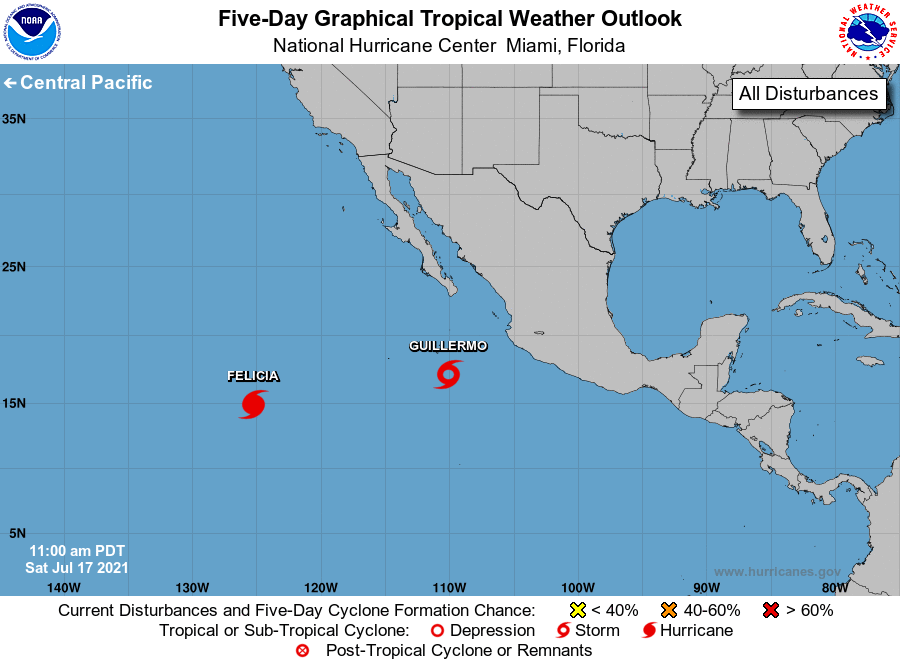
For the eastern North Pacific...east of 140 degrees west longitude:

The National Hurricane Center is issuing advisories on Hurricane Felicia, located more than 1100 miles west-southwest of the southern tip of the Baja California peninsula, and on newly formed Tropical Depression Seven-E, located about 400 miles south of the southern tip of the Baja California peninsula.

Tropical cyclone formation is not expected during the next 5 days.

&&
Public Advisories on Tropical Depression Seven-E are issued under WMO header WTPZ32 KNHC and under AWIPS header MIATCPEP2. Forecast/Advisories on Tropical Depression Seven-E are issued under WMO header WTPZ22 KNHC and under AWIPS header MIATCMEP2.

Forecaster Stewart